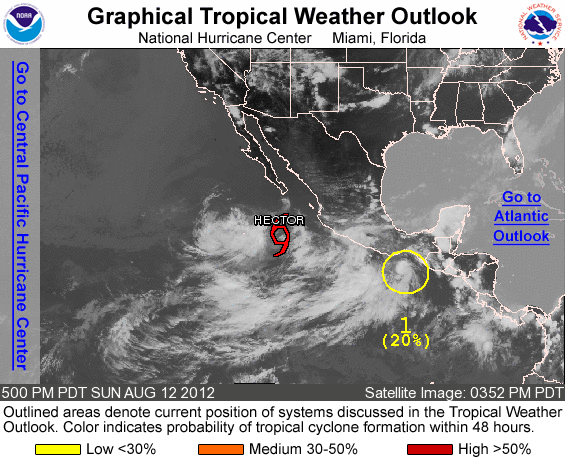
FOR THE EASTERN NORTH PACIFIC...EAST OF 140 DEGREES WEST LONGITUDE..

THE NATIONAL HURRICANE CENTER IS ISSUING ADVISORIES ON TROPICAL STORM HECTOR...LOCATED ABOUT 335 MILES SOUTH OF THE SOUTHERN TIP OF BAJA CALIFORNIA.

1. SHOWER ACTIVITY CONTINUES IN ASSOCIATION WITH A WEAK AREA OF LOW PRESSURE LOCATED NEAR THE GULF OF TEHUANTEPEC. SOME DEVELOPMENT OF THIS SYSTEM IS POSSIBLE DURING THE NEXT COUPLE OF DAYS AS IT MOVES WEST-NORTHWESTWARD AT 10 MPH. THIS SYSTEM HAS A LOW CHANCE...20 PERCENT...OF BECOMING A TROPICAL CYCLONE DURING THE NEXT 48 HOURS.

ELSEWHERE...TROPICAL CYCLONE FORMATION IS NOT EXPECTED DURING THE NEXT 48 HOURS.

FORECASTER BRENNAN